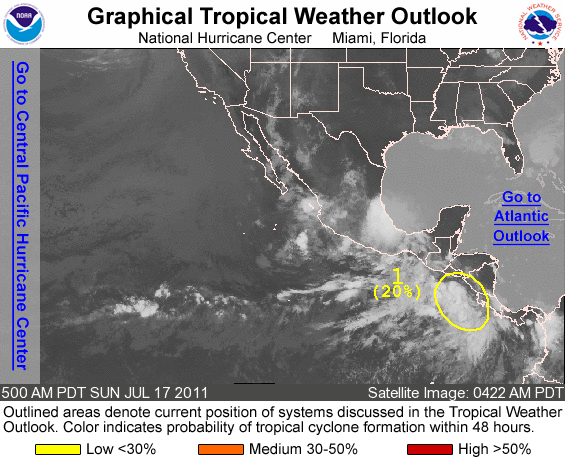
FOR THE EASTERN NORTH PACIFIC...EAST OF 140 DEGREES WEST LONGITUDE..

1. A LOW PRESSURE SYSTEM LOCATED JUST TO THE WEST OF COSTA RICA IS PRODUCING DISORGANIZED SHOWERS AND THUNDERSTORMS OVER PORTIONS OF CENTRAL AMERICA AND THE ADJACENT PACIFIC WATERS. SOME SLOW DEVELOPMENT OF THIS SYSTEM IS POSSIBLE OVER THE NEXT DAY OR TWO AS IT MOVES WEST-NORTHWESTWARD AT 5 TO 10 MPH. THIS SYSTEM HAS A LOW CHANCE...20 PERCENT...OF BECOMING A TROPICAL CYCLONE DURING THE NEXT 48 HOURS. LOCALLY HEAVY RAINFALL IS POSSIBLE OVER MUCH OF CENTRAL AMERICA DURING THE NEXT COUPLE OF DAYS IN ASSOCIATION WITH THIS LARGE DISTURBANCE.

ELSEWHERE...TROPICAL CYCLONE FORMATION IS NOT EXPECTED DURING THE NEXT 48 HOURS.

FORECASTER PASCH